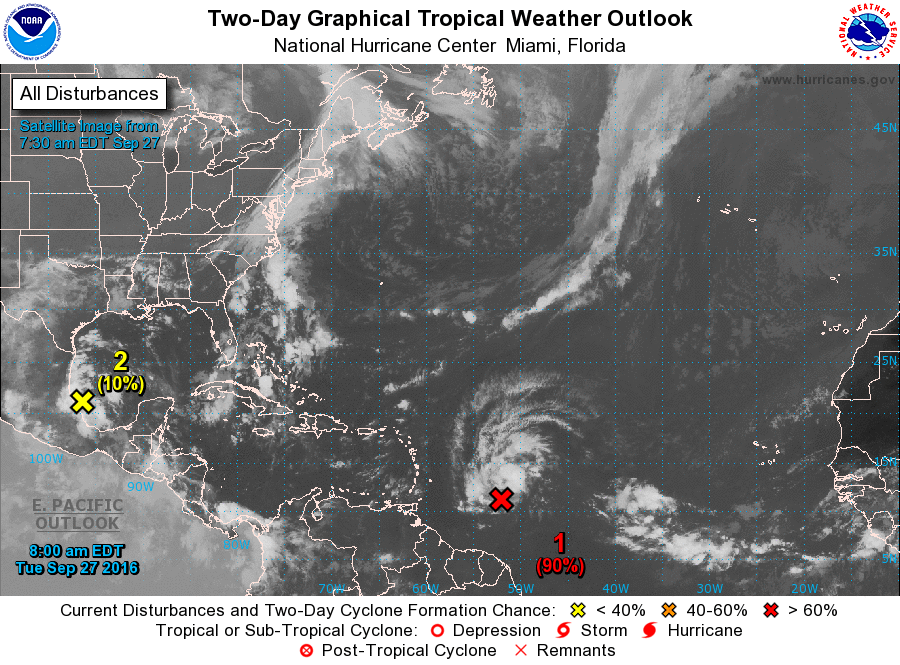
For the North Atlantic...Caribbean Sea and the Gulf of Mexico:

1. Showers and thunderstorms continue in association with a well-organized tropical wave located about 475 miles east-southeast of Barbados. However, the low appears to lack a closed circulation at this time. Environmental conditions are favorable for continued development, and a tropical depression or tropical storm could form later today or tonight while the system moves westward to west- northwestward at 15 to 20 mph. Interests in the eastern and central Caribbean Sea, including the northern coast of South America, should monitor the progress of this disturbance, since warnings and watches could be required at any time. Regardless of whether the system is a tropical wave or tropical cyclone, heavy rains and wind gusts to tropical storm force are expected to spread over the Windward Islands and portions of the southern Lesser Antilles, beginning tonight and continuing into Wednesday. An Air Force Reserve reconnaissance aircraft is scheduled to investigate the disturbance this afternoon.
* Formation chance through 48 hours...high...90 percent
* Formation chance through 5 days...high...90 percent

2. Disorganized showers and thunderstorms over the southwestern Gulf of Mexico are associated with a trough of low pressure that is drifting westward. Upper-level winds are not expected to be conducive for significant development before this system moves inland over Mexico during the next day or so.
* Formation chance through 48 hours...low...10 percent
* Formation chance through 5 days...low...10 percent

Forecaster Brown